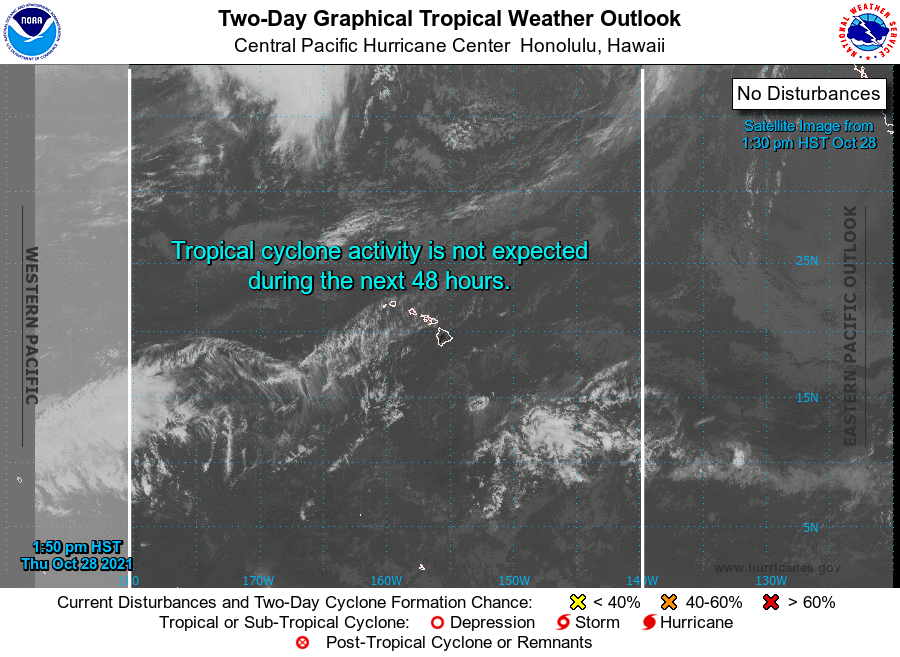
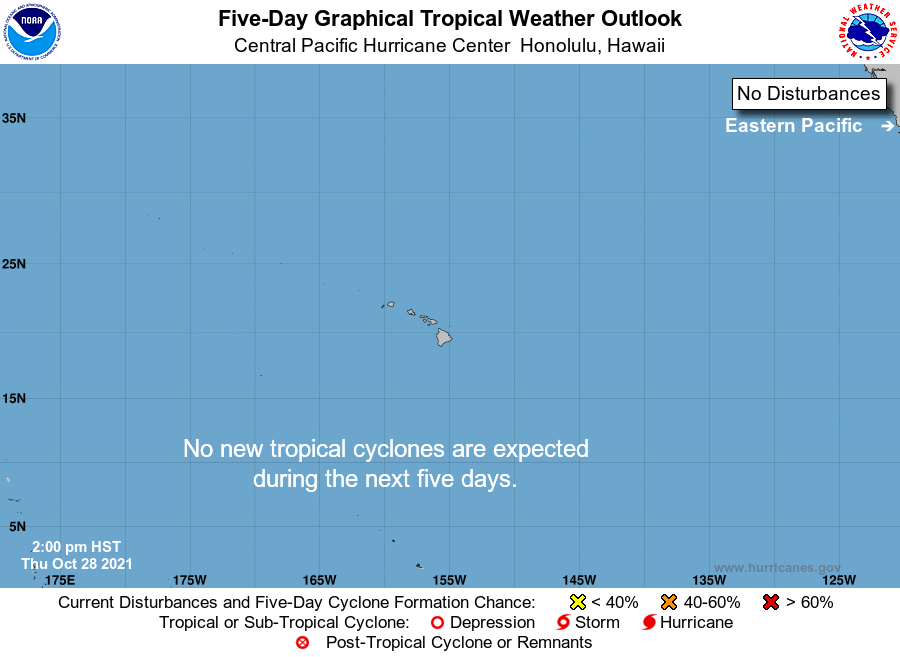
For the central North Pacific...between 140W and 180W:

No tropical cyclones are expected during the next 5 days.

Forecaster Almanza